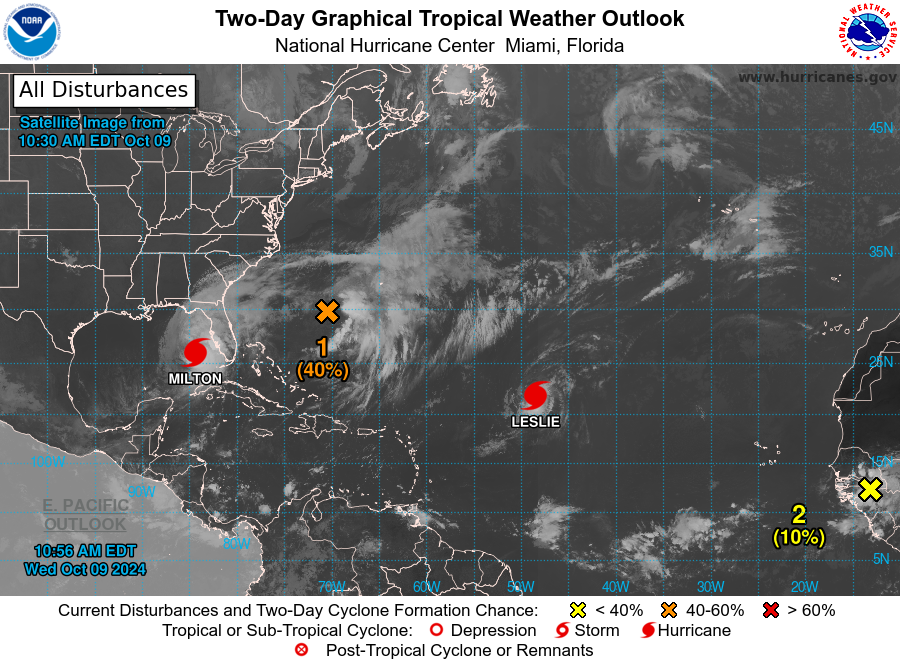
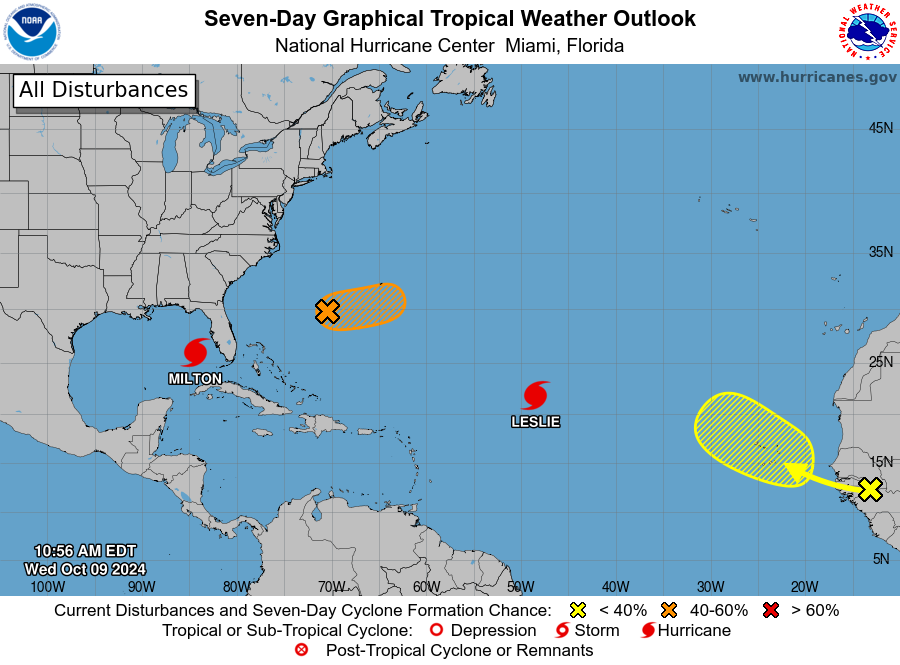
For the North Atlantic...Caribbean Sea and the Gulf of Mexico:

Active Systems: The National Hurricane Center is issuing advisories on Hurricane Leslie, located over the central subtropical Atlantic Ocean, and on Hurricane Milton, located over the southeastern Gulf of Mexico.

1. Southwestern Atlantic (AL93): Showers and thunderstorms associated with a gale-force non-tropical low pressure system located about 375 miles west-southwest of Bermuda have become less organized during the last several hours. Although environmental conditions are becoming less favorable for development, a short-lived tropical or subtropical storm could still form today or this evening while the low moves northeastward to east-northeastward at around 15 mph. Upper-level winds are forecast to become too strong for further development later tonight. Additional information on this system, including gale warnings, can be found in High Seas Forecasts issued by the National Weather Service.
* Formation chance through 48 hours...medium...40 percent.
* Formation chance through 7 days...medium...40 percent.

2. Eastern Tropical Atlantic: A tropical wave is expected to move off the west coast of Africa tonight or early Thursday. Afterward, environmental conditions appear only marginally favorable for some limited development of this system while it moves westward or west-northwestward across the eastern tropical Atlantic and through the Cabo Verde Islands on Friday.
* Formation chance through 48 hours...low...10 percent.
* Formation chance through 7 days...low...10 percent.

High Seas Forecasts are issued by the National Weather Service under AWIPS header NFDHSFAT1 and WMO header FZNT01 KWBC, and online at ocean.weather.gov/shtml/NFDHSFAT1.php

Forecaster Hagen